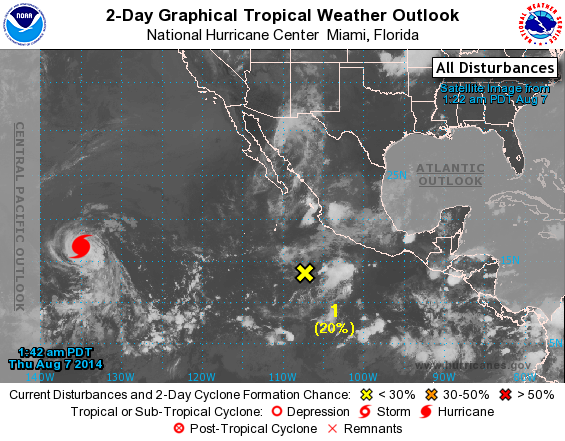
For the eastern North Pacific...east of 140 degrees west longitude:

The National Hurricane Center is issuing advisories on Hurricane Julio, located about 1500 miles east of the Big Island of Hawaii.

1. A trough of low pressure located several hundred miles south of Manzanillo, Mexico, is producing disorganized showers and thunderstorms. Some slow development of this system is possible during the next few days while it moves west-northwestward or northwestward at 10 to 15 mph.
* Formation chance through 48 hours...low...20 percent.
* Formation chance through 5 days...medium...30 percent.

Forecaster Berg